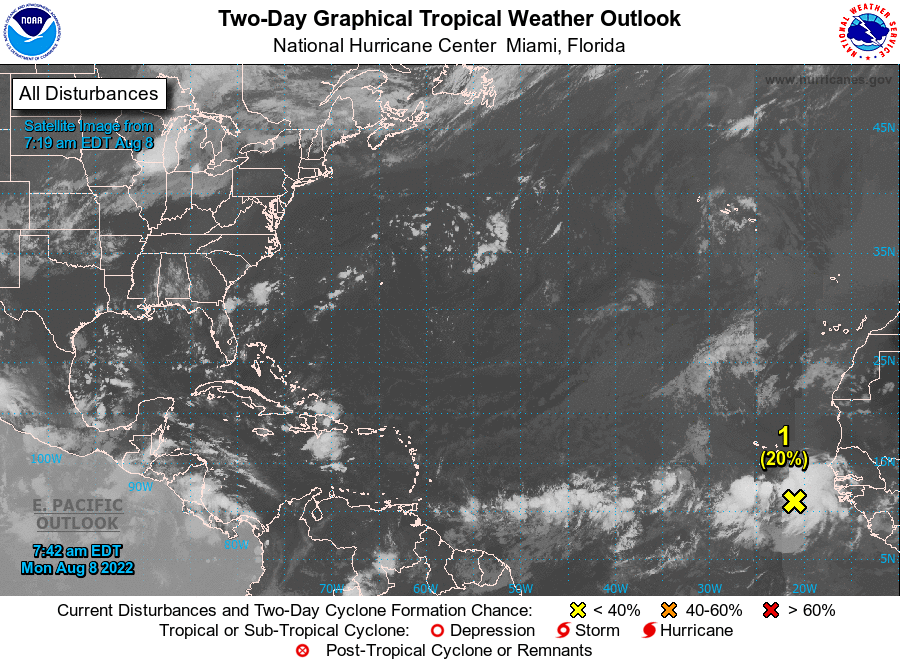
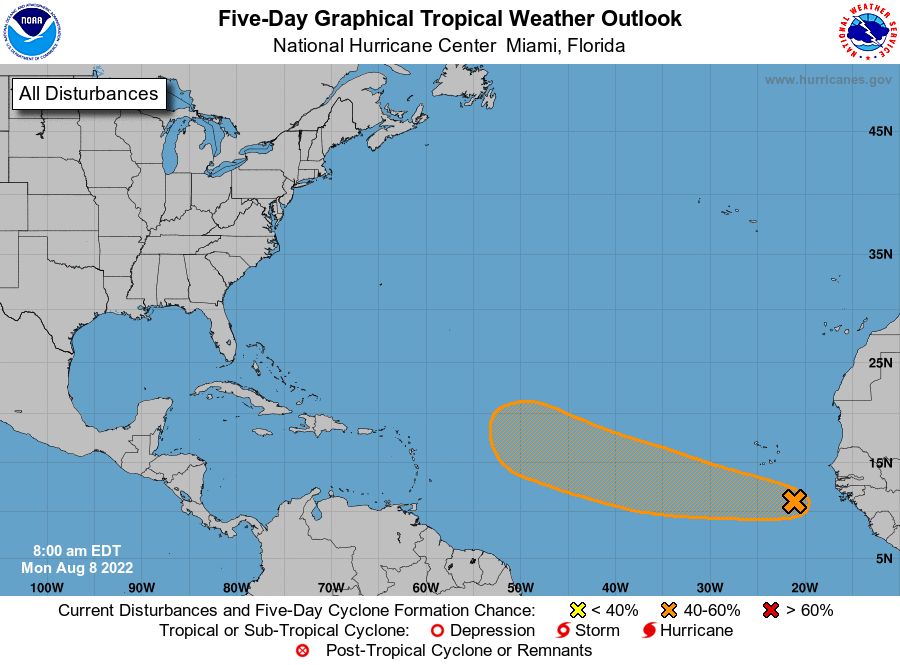
For the North Atlantic...Caribbean Sea and the Gulf of Mexico:

1. Eastern Tropical Atlantic: A large area of disorganized showers and thunderstorms over the far eastern tropical Atlantic south of the Cabo Verde islands is associated with a tropical wave. Environmental conditions appear generally conducive for gradual development of this system while it moves westward to west-northwestward at 15 to 20 mph across the eastern and central tropical Atlantic, and a tropical depression could form around the middle to latter part of this week.
* Formation chance through 48 hours...low...20 percent.
* Formation chance through 5 days...medium...40 percent.

Forecaster Papin